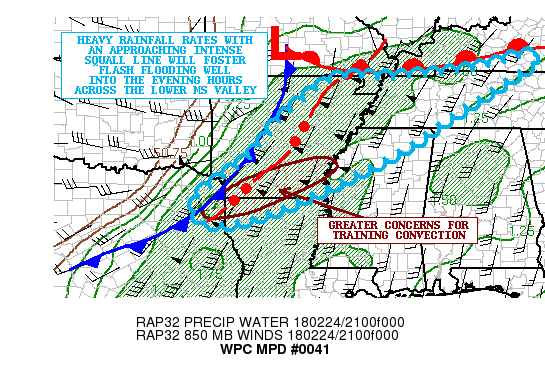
AREAS AFFECTED...FAR NORTHEAST TX...NORTHWEST LA...CENTRAL/EASTERN
AR...NORTHWEST MS...CENTRAL/WESTERN TN

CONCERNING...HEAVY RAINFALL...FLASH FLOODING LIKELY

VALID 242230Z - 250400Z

SUMMARY...A STRONG LINE OF INTENSE SHOWERS AND THUNDERSTORMS
CONTINUES TO ADVANCE EAST ACROSS THE LOWER MS VALLEY WITH HEAVY
RAINS FALLING ON SATURATED GROUND AND RESULTING IN FLASH FLOODING.

DISCUSSION...THE LATEST MRMS RADAR IMAGERY IS SHOWING AN EXTENSIVE
BAND OF INTENSE SHOWERS AND THUNDERSTORMS ASSOCIATED WITH A SQUALL
LINE WHICH EXTENDS FROM SOUTHEAST MO SOUTHWEST ACROSS CENTRAL AR
AND DOWN INTO EXTREME NORTHEAST TX. RAINFALL RATES OF AS MUCH AS 1
TO 1.5 INCHES/HR ARE NOTED AS THE BAND OF STRONG CONVECTION MOVES
EAST AHEAD OF AN APPROACHING COLD FRONT FROM THE WEST.

THE CONVECTION OVER THE NEXT SEVERAL HOURS SHOULD CONTINUE TO
ADVANCE EAST AND BE RELATIVELY PROGRESSIVE...BUT ALSO BE
SUSTAINABLE GIVEN A ROBUST 50 TO 60 KT+ LOW LEVEL JET OUT AHEAD OF
IT...WELL-DEFINED LARGE SCALE ASCENT AHEAD OF AN UPPER TROUGH
CROSSING THE CENTRAL PLAINS...AND A POOL OF AT LEAST MODEST
INSTABILITY.

THE MOISTURE TRANSPORT IS VERY IMPRESSIVE GIVEN THE STRENGTH OF
THE LOW LEVEL JET...WITH RESULTING 850 MB MOISTURE FLUX ANOMALIES
OF 3 TO 5 SIGMAS ABOVE NORMAL ACROSS THE REGION. THIS WILL
MAINTAIN HIGHLY EFFICIENT RAINFALL PRODUCTION WITHIN THE
CONVECTIVE LINE. PWATS OVERALL ARE ON THE ORDER OF 1.5 TO 1.75
INCHES AND ARE CONTRIBUTING TO THE ENHANCED RAIN RATES.

THE SOUTHWEST FLANK OF THE CONVECTION INVOLVING FAR NORTHEAST
TX...ADJACENT AREAS OF FAR NORTHWEST LA AND INTO SOUTHERN AR MAY
BECOME SOMEWHAT MORE PROBLEMATIC COMPARED TO THE REST OF THE
CONVECTIVE LINE...AS THIS SOUTHWEST FLANK OF CONVECTION IS
ORIENTED A LITTLE MORE PARALLEL TO THE DEEP LAYER MEAN FLOW.
CONSEQUENTLY...THERE IS A CONCERN AT LEAST INTO THE EARLY EVENING
HOURS FOR SOME PERIODIC TRAINING OF CONVECTIVE CELLS THAT WILL
ENHANCE RAINFALL TOTALS.

IN GENERAL...AN ADDITIONAL 1 TO 3 INCHES OF RAIN IS
EXPECTED...WITH THE HEAVIER TOTALS MOST LIKELY ACROSS THE
SOUTHWEST PORTION OF THE MPD AREA WHERE SOME ISOLATED HEAVIER
AMOUNTS TO OVER 4 INCHES ARE POSSIBLE THROUGH THE EVENING BEFORE
ENDING. THESE AMOUNTS AREA-WIDE ARE EXPECTED TO RESULT IN FLASH
FLOODING GIVEN THE INTENSE SHORT-TERM RAIN RATES AND WET
ANTECEDENT CONDITIONS.